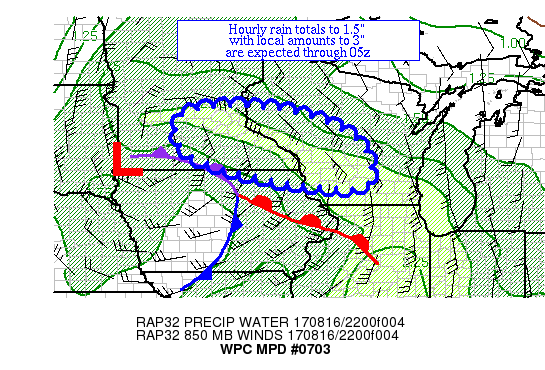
AREAS AFFECTED...SOUTHEAST MN & WEST-CENTRAL WI

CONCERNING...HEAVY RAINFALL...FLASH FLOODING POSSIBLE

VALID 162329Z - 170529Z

SUMMARY...THUNDERSTORMS WITH COOLING CLOUD TOPS ARE SHOWING SOME
OCCASIONAL CELL TRAINING ACROSS SOUTHEAST MN.  HOURLY RAIN TOTALS
TO 1.5" WITH LOCAL AMOUNTS TO 3" ARE EXPECTED.

DISCUSSION...AN OCCLUDED CYCLONE IS LIFTING INTO SOUTHWEST MN AT
THE PRESENT TIME.  NON-OPERATIONAL GOES-16 IMAGERY SHOWS COOLING
CLOUD TOPS WITH THE ACTIVITY, AND RADAR HAS SHOWN OCCASIONAL
TRAINING AND CELL MERGERS WITHIN SOUTH-CENTRAL MN.  PRECIPITABLE
WATER VALUES ARE ~1.5".  MU CAPES IN THE AREA ARE 500-1500 J/KG.
INFLOW AT 850 HPA IS CYCLONIC UP TO 35 KTS, NEAR THE MAGNITUDE OF
THE MEAN 850-400 HPA WIND.  SINCE THE CYCLONE IS DEEP LAYERED, THE
FLOW IS UNIDIRECTIONAL WITH HEIGHT.  A COUPLE OBSERVATIONS
INDICATE HOURLY RAIN RATES UP TO 1.5" IN SOME OF THIS ACTIVITY PER
REPORTS FROM THE MPX/CHANHASSEN MN AND ARX/LA CROSSE WI FORECAST
OFFICES.

THE MESOSCALE GUIDANCE APPEARS TOO HIGH ACROSS SOUTHWEST MN AND
EASTERN SD PER THE MU CAPE VALUES PRESENT, WHICH ARE UNLIKELY TO
INCREASE FROM HERE ON OUT.  CIN SHOULD DEVELOP WITH TIME TO HELP
FOCUS ACTIVITY ALONG THE 850 HPA SLICE OF THE OCCLUSION, WHICH
SHOULD KEEP PUSHING SLOWLY NORTHWARD.  HOWEVER, THE GUIDANCE
APPEARS REASONABLE ACROSS SOUTHEAST MN AND WEST-CENTRAL WI PER
CURRENT TRENDS.  THE 12Z SSEO NEIGHBORHOOD PROBABILITIES OF
EXCEEDING THE THREE HOUR FLASH FLOOD GUIDANCE PEAK IN THE 70%+
RANGE BETWEEN 00-04Z BEFORE FADING, LIKELY DUE TO DECREASING
INSTABILITY, A NARROWING MOISTURE CHANNEL, AND AN INVADING DRY
SLOT.  HOURLY RAIN TOTALS UP TO 1.5" WITH LOCAL AMOUNTS TO 3" ARE
EXPECTED, WITH SLIGHTLY HIGHER AMOUNTS IN MN THAN WESTERN WI.
OVERALL, THIS APPEARS TO BE PART OF A LONGER DURATION HEAVY RAIN
EVENT.